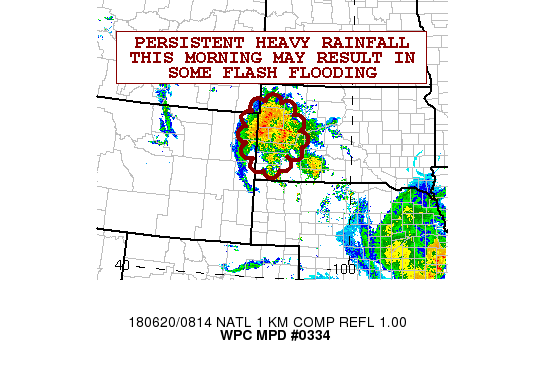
AREAS AFFECTED...FAR NORTHEAST WY...WESTERN SD

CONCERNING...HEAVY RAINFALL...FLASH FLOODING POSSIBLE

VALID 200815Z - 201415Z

SUMMARY...PERSISTENT HEAVY RAINFALL MAY RESULT IN SOME FLASH
FLOODING CONCERNS THROUGH MID-MORNING.

DISCUSSION...THE LATEST RADAR IMAGERY IS SHOWING A VERY PERSISTENT
AXIS OF HEAVY RAINFALL IMPACTING AREAS OF WESTERN SD AND NORTHEAST
WY WITH A FOCUS ON THE BLACK HILLS.

THE ACTIVITY IS BEING HIGHLY FORCED BY A COMPACT MID LEVEL LOW
CENTER OVER SOUTHWEST SD...WHICH IS FOSTERING A STRONG DEFORMATION
ZONE OVER THE REGION AND IS WORKING TANDEM WITH A FOCUSED AREA OF
LOW LEVEL MOISTURE CONVERGENCE. INSTABILITY IS QUITE WEAK WITH
MUCAPE VALUES OF ABOUT 250 J/KG...BUT THE HIGHLY DYNAMICAL
ENVIRONMENT IS COMPENSATING FOR PERSISTENT HEAVY RAINFALL ALONG
WITH EMBEDDED THUNDERSTORMS.

THE LATEST HIRES MODEL CONSENSUS SUPPORTS AS MUCH AS AN ADDITIONAL
2 TO 3 INCHES OF RAIN GOING THROUGH MID-MORNING. THE HOURLY RATES
WITH SOME OF THE STRONGER CONVECTIVE ELEMENTS MAY EXCEED 1 INCH/HR
WHICH WOULD ACTUALLY EXCEED FFG VALUES. BASED ON THIS AND THE
ADDITIONAL STORM TOTALS THIS MORNING...SOME FLASH FLOODING WILL BE
POSSIBLE.